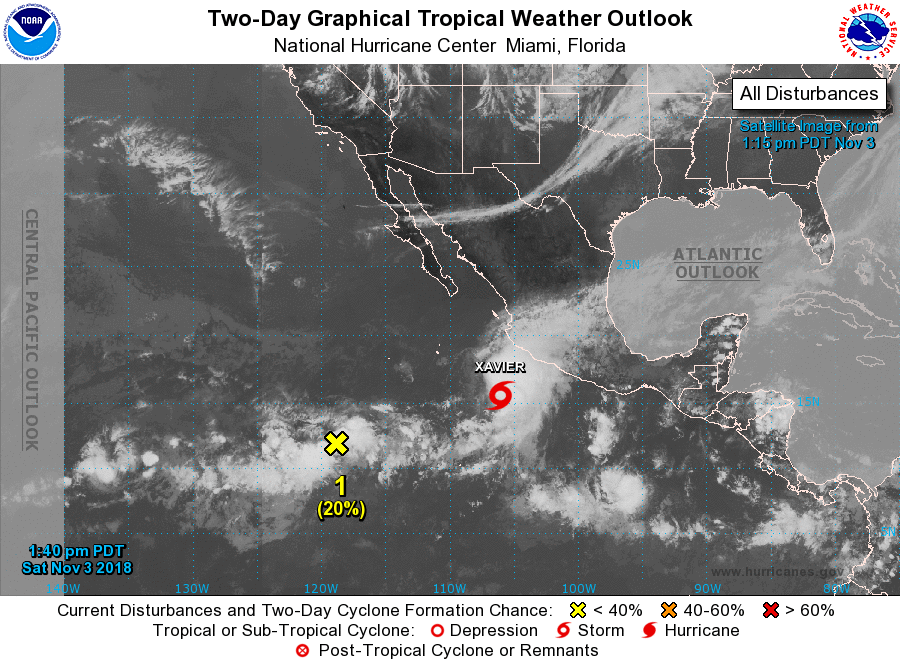
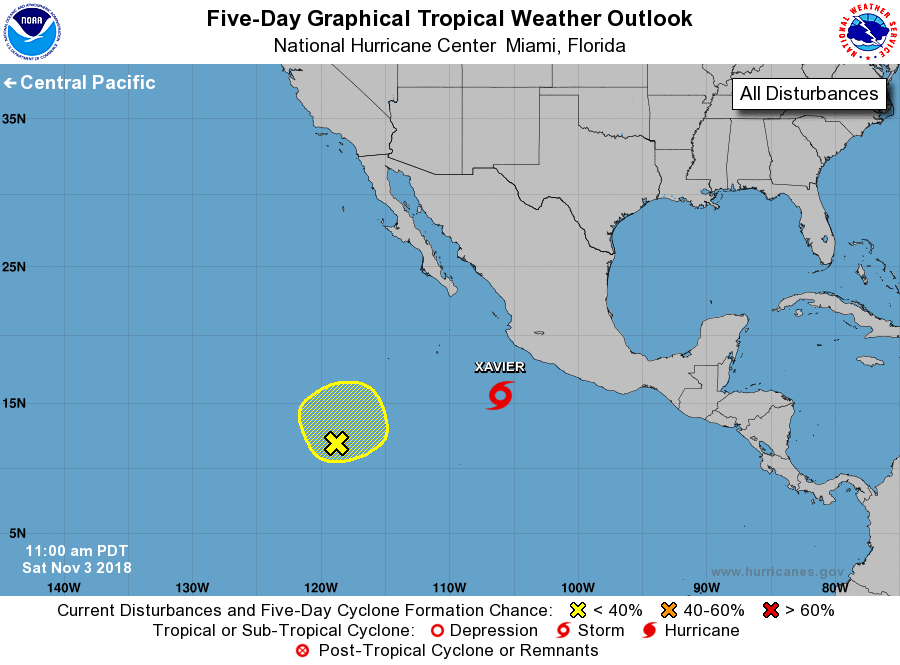
For the eastern North Pacific...east of 140 degrees west longitude:

The National Hurricane Center is issuing advisories on Tropical Storm Xavier, located several hundred miles southwest of Manzanillo, Mexico.

1. An area of disorganized cloudiness and showers is located about 1000 miles southwest of the southern tip of the Baja California peninsula. Some slow development of this system is possible during the next day or two while it moves slowly northward or northeastward. Environmental conditions are forecast to become unfavorable for further development by Monday or Tuesday.
* Formation chance through 48 hours...low...20 percent.
* Formation chance through 5 days...low...30 percent.

Public Advisories on Tropical Storm Xavier are issued under WMO header WTPZ35 KNHC and under AWIPS header MIATCPEP5. Forecast/Advisories on Tropical Storm Xavier are issued under WMO header WTPZ25 KNHC and under AWIPS header MIATCMEP5.

Forecaster Beven